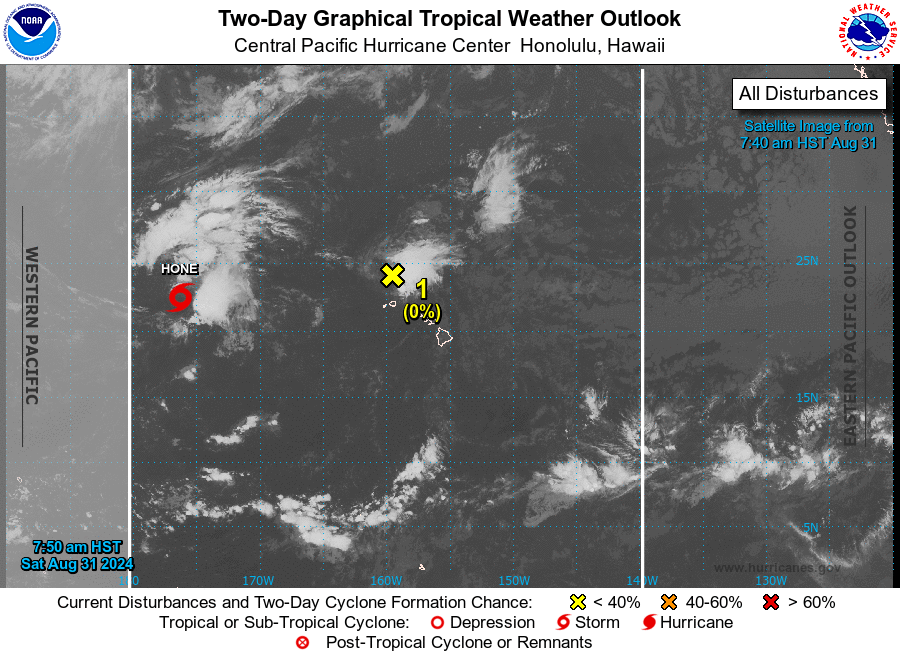
For the central North Pacific...between 140W and 180W:

Active Systems: The Central Pacific Hurricane Center in Honolulu, Hawaii is issuing advisories on Tropical Depression Hone. This system is located about 1080 miles west of Lihue, Hawaii, moving northwest at 3 mph.

1. Approximately 120 miles northwest of Honolulu: A surface low, the remnant of Tropical Cyclone Gilma, is moving west-northwest around 10 mph. Atmospheric conditions are not conducive for tropical cyclone redevelopment. *Formation chances through 48 hours...low...near 0 percent. *Formation chances through 7 days...low...near 0 percent.

Elsewhere, no tropical cyclones are expected during the next 7 days.

Public advisories on Tropical Depression Hone are issued under WMO header WTPA31 PHFO and under AWIPS header HFOTCPCP1. Forecast advisories on Tropical Storm Hone are issued under WMO header WTPA11 PHFO and under AWIPS header HFOTCMCP1.

Forecaster TS